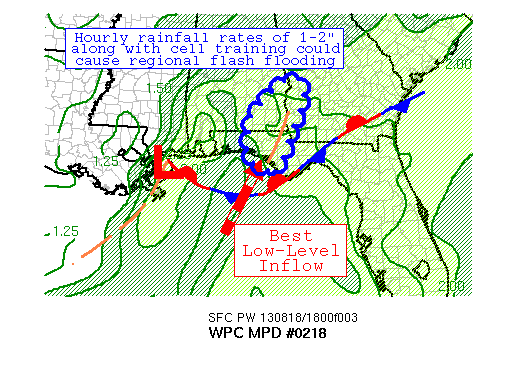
AREAS AFFECTED...WESTERN FL PANHANDLE...SOUTHEAST AL...SOUTHWEST
GA

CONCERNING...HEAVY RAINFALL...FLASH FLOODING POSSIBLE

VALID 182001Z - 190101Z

SUMMARY...A NARROW BAND OF CONVECTION HAS FORMED, WHICH EXTENDS
FROM WELL WITHIN THE GULF OF MEXICO INTO THE FL PANHANDLE INTO
SOUTHEAST AL.  REGIONAL FLASH FLOODING IS POSSIBLE FROM HEAVY
RAINFALL WITHIN THIS BAND OF THUNDERSTORMS.

DISCUSSION...BASED ON 19Z DATA, LOW-LEVEL INFLOW FROM THE GULF OF
MEXICO IS OVERRIDING A FRONTAL BOUNDARY CURRENTLY ORIENTED
WEST-EAST TO THE SOUTH OF THE WESTERN FL PANHANDLE AND THE COASTS
OF AL/MS, CLOSE TO A SURFACE TROUGH TO THE NORTH OF THE STATIONARY
FRONT ACROSS THE FL PANHANDLE AND SOUTHEASTERN AL.  THE NARROW
BAND OF INFLOW IS ON THE ORDER OF 30 KNOTS FROM THE SOUTH,
MAXIMIZED NEAR THE 850 HPA LEVEL. AN OUTFLOW BOUNDARY FROM EARLIER
CONVECTION NEAR SOUTHERN AL HAS HELPED TO INCREASE LOW-LEVEL
CONVERGENCE INTO THIS REGION.   WINDS CLOSER TO THE SURFACE ARE
OUT OF THE EAST AT 10-15 KNOTS, WHICH BRINGS THE LOW-LEVEL WIND
SHEAR CLOSE TO 40 KNOTS.  CAPE VALUES IN THE REGION ARE EXPECTED
TO REMAIN IN THE 1000-2000 J/KG RANGE UNTIL SUNSET.
CURRENT/EXPECTED CAPE VALUES AND 0-3 KM VERTICAL WIND SHEAR
SUPPORT ORGANIZED CONVECTION, MOST LIKELY IN THE FORM OF WET
MACROBURST MULTICELLS OR SUPERCELLS.  PRECIPITABLE WATER VALUES OF
2-2.25 INCHES ARE AIDING PRECIPITATION EFFICIENCY WITHIN THE
THUNDERSTORM BAND.

CORFIDI VECTORS ALONG WITH THE RECENT OUTFLOW BOUNDARY PROGRESSION
ACROSS THE NORTHERN GULF OF MEXICO SUGGEST SOME EASTWARD MOVEMENT
TO THE BAND IS POSSIBLE WITH TIME.  RAINFALL RATES WITHIN THE BAND
ARE ON THE ORDER OF 1-2 INCHES PER HOUR IN THE STRONGER CELLS.
THE RECENT MESOSCALE GUIDANCE HAS A HINT OF THIS BAND'S EXISTENCE
DURING THE 18-00Z PERIOD, THOUGH THEY VARY A BIT CONCERNING HOW
FAR NORTH THE BAND WILL DEVELOP/PROPAGATE.  LOCAL RAINFALL AMOUNTS
OF 5 INCHES ARE POSSIBLE DUE TO CELL TRAINING ALONG THIS
CONVECTIVE BAND, USING RECENT RAINFALL TOTALS NEAR GULFPORT MS AS
A GUIDE.  THE FLASH FLOOD GUIDANCE REMAINS RELATIVELY HIGH, ON THE
ORDER OF 2.5 INCHES/HOUR OR THREE INCHES WITHIN THREE HOURS.  DUE
TO THIS, CONFIDENCE IN REGIONAL FLASH FLOODING IS AVERAGE/NOT
OVERWHELMING, SO USED THE POSSIBLE CATEGORY OVER THE LIKELY
CATEGORY.  USED A FIVE HOUR TIME WINDOW FOR THE MPD, AS MASS
FIELDS FROM RECENT RAP/ARW RUNS SUGGEST ACTIVITY SHOULD CONTINUE
UNTIL 01Z.